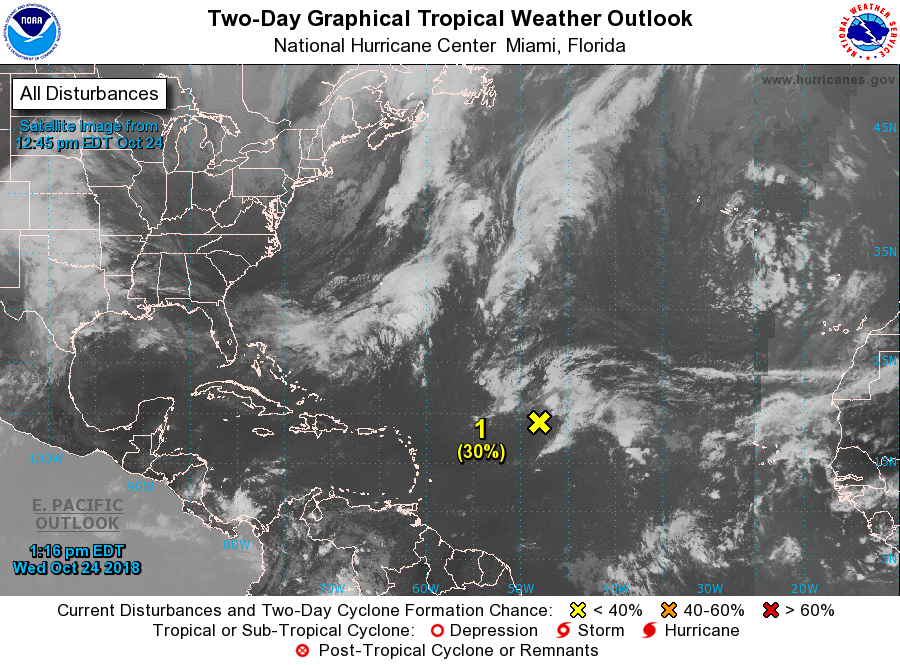
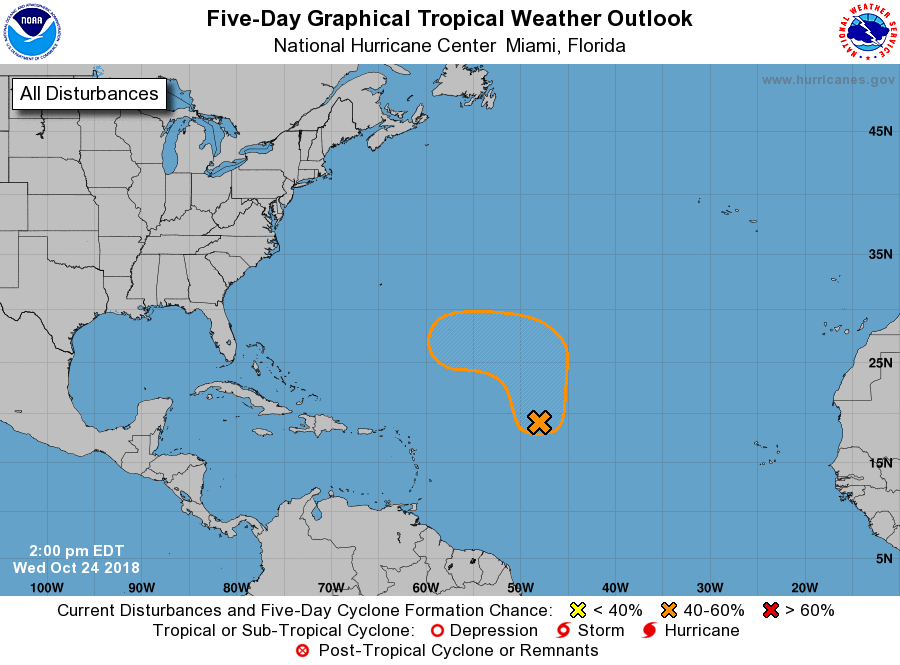
For the North Atlantic...Caribbean Sea and the Gulf of Mexico:

1. A large area of disorganized showers and thunderstorms over the central tropical Atlantic Ocean is associated with a broad area of low pressure located about 900 miles east of the northern Leeward Islands. This system is expected to move slowly northward over the next few days into an area where environmental conditions are forecast to be more conducive for development. A tropical or subtropical depression could form over the weekend while the system turns westward well to the northeast of the Lesser Antilles.
* Formation chance through 48 hours...low...30 percent.
* Formation chance through 5 days...medium...60 percent.

Forecaster Pasch